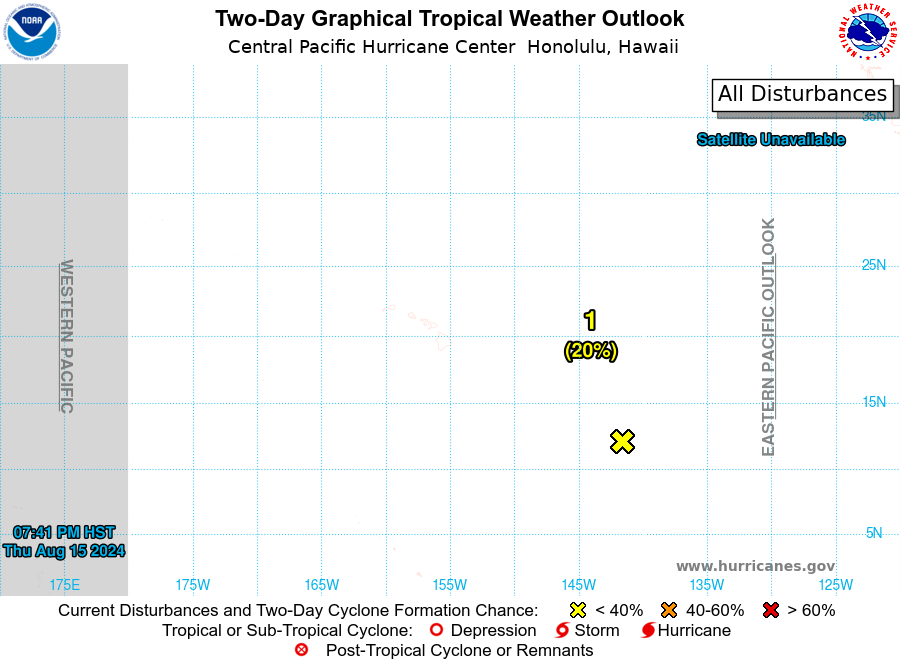
For the central North Pacific...between 140W and 180W:

1. Approximately 1050 miles east-southeast of Hilo, Hawaii: Disorganized showers and thunderstorms are associated with a broad area of low pressure. Environmental conditions appear marginally conducive for some development of this system this weekend or early next week while moving west-northwestward at about 10 mph.
* Formation chance through 48 hours...low...20 percent.
* Formation chance through 7 days...medium...50 percent.

Elsewhere, no tropical cyclones are expected during the next 7 days.

Forecaster M Ballard